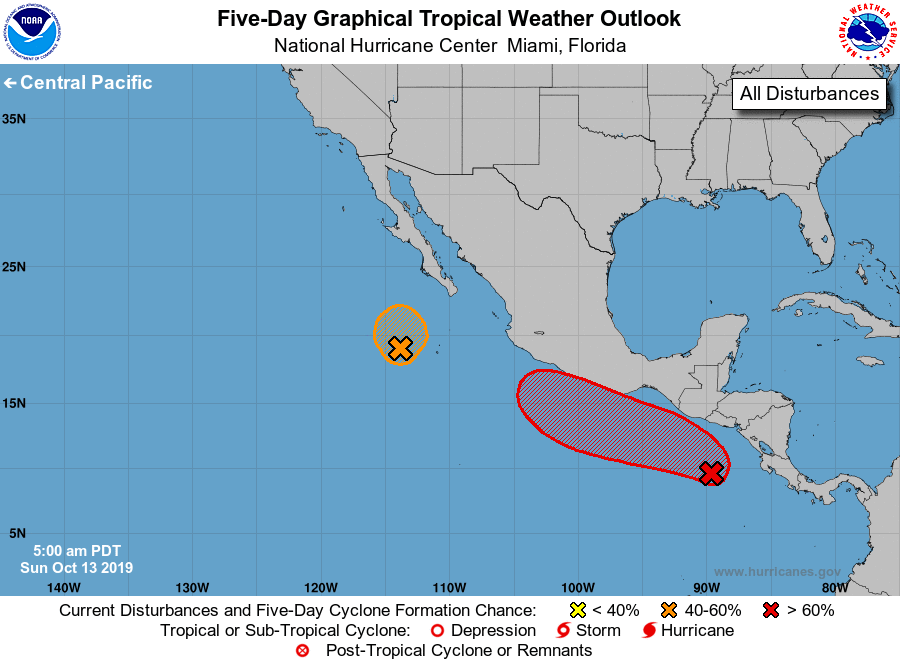
For the eastern North Pacific...east of 140 degrees west longitude:

1. Showers and thunderstorms remain disorganized in association with an area of low pressure located a few hundred miles southwest of the southern tip of Baja California. Although the window of opportunity for development is decreasing, a tropical depression could still form later today while the system moves northward at 5 to 10 mph. By tonight or Monday, however, additional development is not expected due to cooler waters and stronger upper-level winds.
* Formation chance through 48 hours...medium...50 percent.
* Formation chance through 5 days...medium...50 percent.

2. A broad area of low pressure located a few hundred miles west of the coasts of Nicaragua and Costa Rica is producing disorganized showers and thunderstorms. Gradual development is possible over the next several days, and a tropical depression is likely to form by midweek while the system moves west-northwestward at about 10 mph near or just off the coast of Mexico.
* Formation chance through 48 hours...low...20 percent.
* Formation chance through 5 days...high...70 percent.

Forecaster Latto